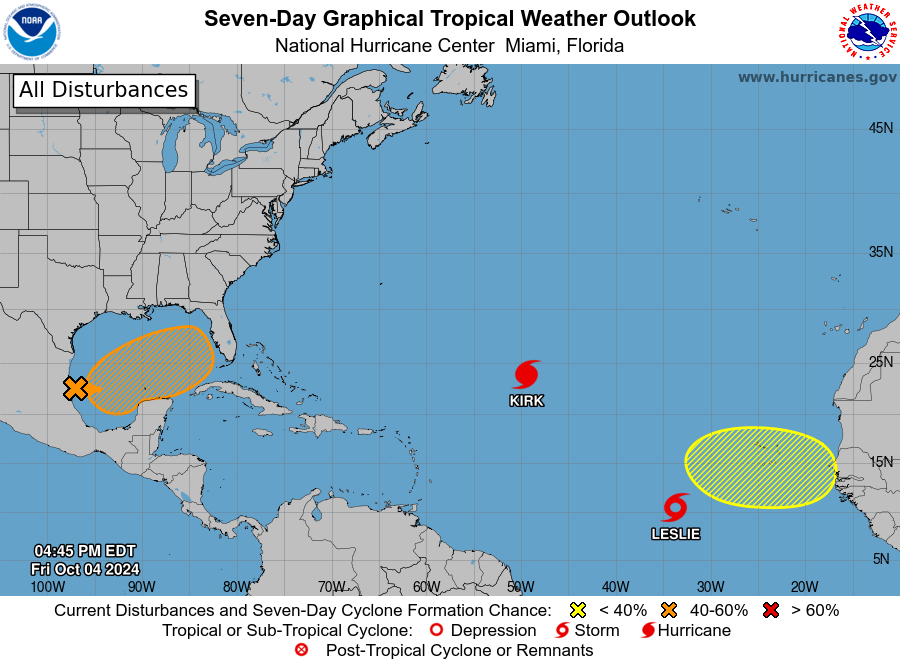
For the North Atlantic...Caribbean Sea and the Gulf of Mexico:

Active Systems: The National Hurricane Center is issuing advisories on Hurricane Kirk, located over the central subtropical Atlantic Ocean, and on Tropical Storm Leslie, located over the eastern tropical Atlantic Ocean.

1. Gulf of Mexico: A trough of low pressure over the western Gulf of Mexico is producing widespread shower and thunderstorm activity. A broad area of low pressure is expected to develop from this system over the southwestern or south-central Gulf of Mexico during the next day or two, and additional subsequent development is possible while the low moves slowly eastward or northeastward. A tropical or subtropical depression or storm could form during the early to middle part of next week if the low remains separate from a frontal boundary that is forecast to extend across the Gulf of Mexico next week. Regardless of tropical or subtropical development, locally heavy rains could occur over portions of Mexico during the next few days and over portions of the Florida Peninsula late this weekend into next week.
* Formation chance through 48 hours...low...10 percent.
* Formation chance through 7 days...medium...50 percent.

2. Far Eastern Tropical Atlantic: A tropical wave is expected to move westward from the coast of Africa on Monday or Tuesday. Some development of this system is possible thereafter as it moves westward or west-northwestward across the eastern tropical Atlantic.
* Formation chance through 48 hours...low...near 0 percent.
* Formation chance through 7 days...low...20 percent.

Forecaster Beven